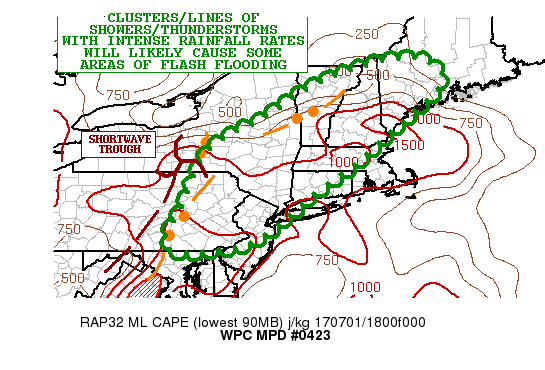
AREAS AFFECTED...EASTERN PA...NORTHERN NJ...CENTRAL/EASTERN
NY...VT...NH...WESTERN CT...CENTRAL/WESTERN MA...WESTERN ME

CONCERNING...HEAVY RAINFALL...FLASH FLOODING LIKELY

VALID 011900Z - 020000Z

SUMMARY...NUMEROUS CLUSTERS OF SHOWERS AND THUNDERSTORMS THIS
AFTERNOON WILL AGAIN PRODUCE LOCALLY HEAVY RAINFALL TOTALS. GIVEN
THE WET ANTECEDENT CONDITIONS...FLASH FLOODING WILL BE LIKELY.

DISCUSSION...REGIONAL DUAL-POL RADAR IMAGERY SHOWS NUMEROUS
CLUSTERS OF HEAVY SHOWERS AND THUNDERSTORMS DEVELOPING AND
CONTINUING TO EXPAND IN COVERAGE OVER INTERIOR AREAS OF NY AND NEW
ENGLAND...WITH SOME OF THE STRONGEST ACTIVITY NOTED IN A CLUSTER
NORTH OF ALBANY NEAR GLEN FALLS WHICH IS EDGING INTO CENTRAL VT. A
SECOND CLUSTER OF RELATIVELY INTENSE ACTIVITY IS SEEN FARTHER BACK
TO THE SOUTHWEST BACK IN BETWEEN SYRACUSE AND ITHACA. IN BOTH
CASES THE CLOUD TOPS HAVE TENDED TO COOL A BIT FURTHER OVER THE
LAST HOUR AS SEEN IN THE LATEST EXPERIMENTAL GOES-16 10.3
MICRON/IR IMAGERY.

THE CONVECTION CONTINUES TO BE FAVORED ON THE LARGE SCALE BY THE
EASTWARD ADVANCE OF AN UPPER LEVEL TROUGH MOVING ACROSS THE UPPER
OH VALLEY AND LOWER GREAT LAKES REGION. ON THE SMALLER
SCALE...EXPERIMENTAL GOES-16 6.9 AND 6.2 MICRON/WV IMAGERY SHOWS A
SSW/NNE AXIS OF SHORTWAVE ENERGY PRECEDING THE MAIN UPPER TROUGH
EXTENDING FROM THE MD/WV PANHANDLES UP ACROSS CENTRAL PA AND INTO
WEST-CENTRAL NY. THIS IS STRONGLY FACILITATING THE SECONDARY BATCH
OF CONVECTION OVER PARTS OF SOUTHWEST AND SOUTHERN NY ALONG WITH
THE BROADER NORTHERN MID-ATLANTIC AS IT IS ALSO ENCOUNTERING A
MODERATELY UNSTABLE AND VERY MOIST AIRMASS AHEAD OF IT. PWATS OF
OVER 1.75 INCHES ARE CONTRIBUTING TO AN ENVIRONMENT CONDUCIVE FOR
ENHANCED RAINFALL RATES...AND GIVEN THE INSTABILITY...SOME RATES
MAY APPROACH 2.5 INCHES/HR IN SOME CASES.

STRONG DIURNAL HEATING/MOISTURE TRANSPORT AHEAD OF THE SHORTWAVE
ENERGY AND LARGER SCALE TROUGH COUPLED WITH PRESENCE OF A SURFACE
TROUGH OVER THE INTERIOR OF NY/PA AND INTERIOR NEW ENGLAND ALONG
DIFFERENTIAL HEATING BOUNDARIES WILL ALLOW CONVECTION TO CONTINUE
TO DEVELOP AND BECOME A BIT BETTER ORGANIZED THROUGH THE AFTERNOON
ACROSS MUCH OF THE NORTHEAST.

EXPECT ADDITIONAL CONCERNS FOR FLASH FLOODING...ESPECIALLY OVER
AREAS OF CENTRAL/EASTERN NY AND INTO NORTHERN NEW ENGLAND
INCLUDING VT/NH AND POSSIBLY PARTS OF WESTERN ME WHERE RECENT
HEAVY RAINFALL HAS SATURATED THE GROUND...AND THUS ANY ADDITIONAL
RAIN WILL ENCOURAGE SIGNIFICANT RUNOFF AND FLASH FLOODING.
ADDITIONAL RAINFALL TOTALS OF 3 TO 5 INCHES WILL BE POSSIBLE
ACROSS THESE AREAS.

THE THREAT OF FLASH FLOODING IS A BIT MORE MARGINAL FARTHER SOUTH
OVER THE NORTHERN MID-ATLANTIC...BUT INTENSE RAINFALL RATES HERE
MAY CAUSE SOME LOCALIZED PROBLEMS AND ESPECIALLY NEAR URBANIZED
AREAS. RAINFALL AMOUNTS HERE MAY OF UP TO 2 TO 3 INCHES WITH
ISOLATED HEAVIER AMOUNTS WILL BE POSSIBLE.